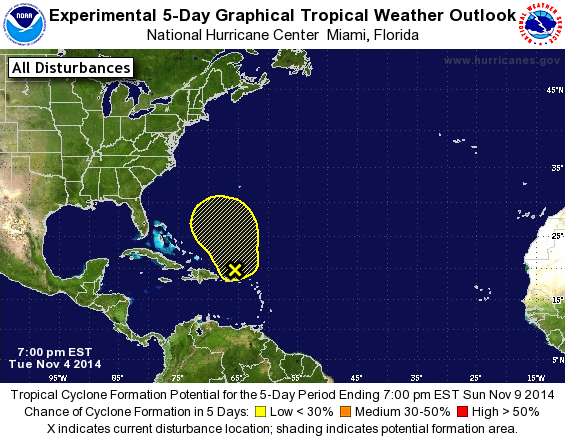
For the North Atlantic...Caribbean Sea and the Gulf of Mexico:

1. A large area of disturbed weather is located over the northeastern Caribbean Sea and extends northward across Puerto Rico and the Virgin Islands, and continues over the Atlantic Ocean for several hundred miles. Surface pressures are gradually falling across this region and a low pressure system could form during the next day or so. This system could briefly acquire subtropical characteristics tomorrow or on Thursday while the low moves west-northwestward to northwestward. After that time, development is not expected while the disturbance moves north-northeastward and eventually merges with another frontal system. Regardless of development, locally heavy rainfall and possible flooding can be expected across the Virgin Islands, Puerto Rico, and portions of the Dominican Republic tonight and Wednesday. For additional information on the heavy rainfall threat, please consult products issued by your national meteorological service.
* Formation chance through 48 hours...low...20 percent.
* Formation chance through 5 days...low...20 percent.

Forecaster Stewart